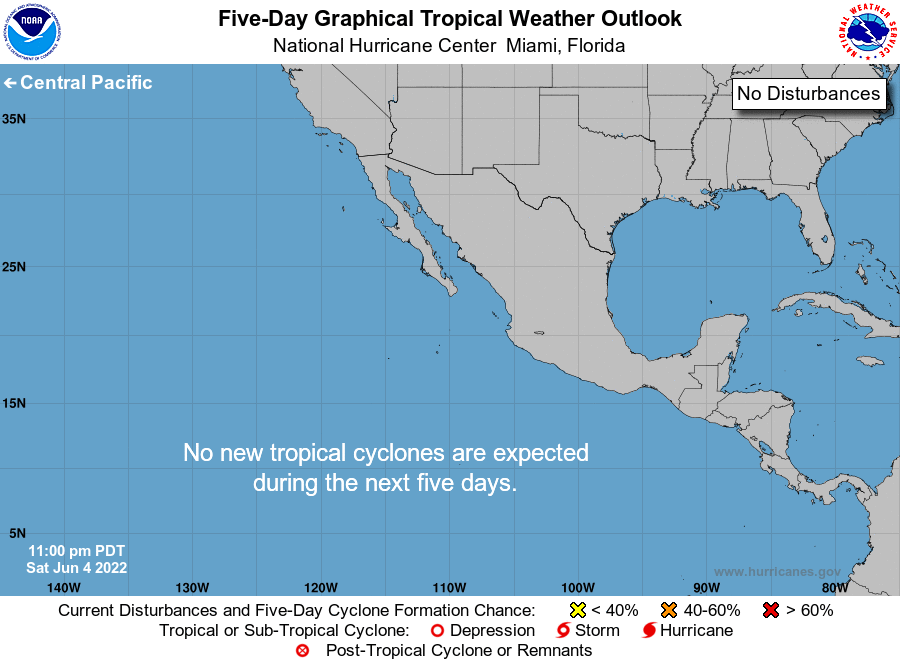
For the eastern North Pacific...east of 140 degrees west longitude:

Tropical cyclone formation is not expected during the next 5 days.

Forecaster Papin